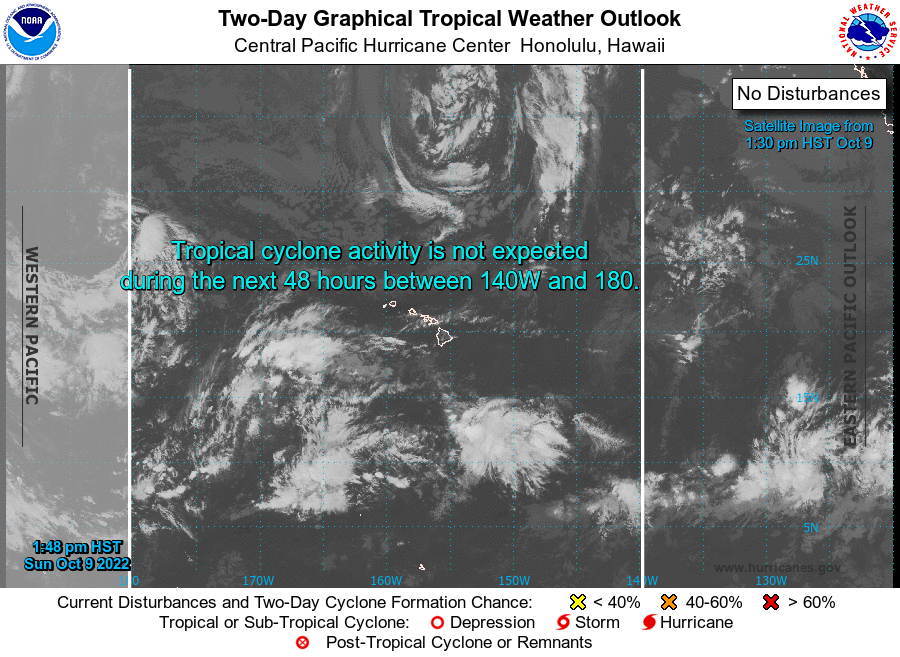
For the central North Pacific...between 140W and 180W:

No tropical cyclones are expected during the next 5 days.

Forecaster Powell